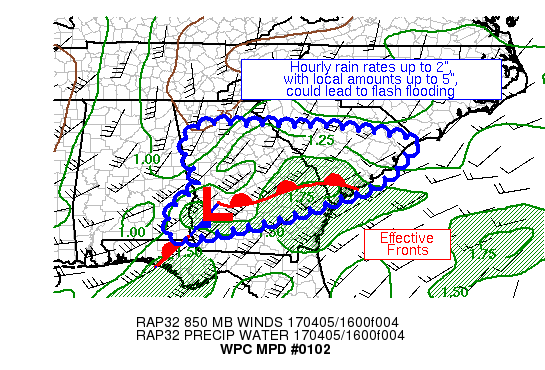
AREAS AFFECTED...SOUTHEAST AL, CENTRAL GA, CENTRAL & EASTERN SC

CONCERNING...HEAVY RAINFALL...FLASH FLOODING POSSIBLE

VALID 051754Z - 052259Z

SUMMARY...THUNDERSTORMS WITH HEAVY RAIN CONTINUE TO BLOSSOM ACROSS
THE SOUTHEAST.  HOURLY RAIN RATES TO 2", WITH ADDITIONAL AMOUNTS
OF 3-5", COULD LEAD TO FLASH FLOODING

DISCUSSION...CLOUD TOPS ARE COOLING/ EXPANDING WITH CONVECTION
MOVING THROUGH GA AND SC.  HEAVY RAIN CORES ARE SLOWLY INCREASING
IN NUMBER ACROSS THE REGION, PER RADAR IMAGERY, DUE TO TRAINING
BANDS.  A TORNADIC CELL APPEARS TO HAVE SPAWNED A MESOSCALE WAVE
NEAR PLAINS GA, WITH A TRAILING BOUNDARY DIVIDING SUNNY AREAS IN
THE WARM SECTOR OF AN OCCLUDED CYCLONE WITH CLOUDY AREAS FARTHER
WEST.  IN THE WARM SECTOR, MLCAPES OF 2000-3000 J/KG LIE ACROSS
NORTH FL AND SOUTHERN GA.  INFLOW AT 850 HPA OF 30-50 KTS IS NOTED
IN REGIONAL VAD WIND PROFILES.  BEST GUESS AS TO THE PRECIPITABLE
WATER VALUES IN THE REGION IS 1.5-1.75".

WHILE THE MAIN HEAVY RAIN RISK APPEARS TO LIE NORTHEAST OF THE
INSTABILITY POOL ACROSS EASTERN GA AND SC, A TRAILING BAND OF
THUNDERSTORMS ACROSS EXTREME SOUTHEAST AL AND SOUTHWEST GA HAS
BEEN LEADING TO HEAVY RAINFALL AS WELL.  THE AVAILABLE MOISTURE
AND INSTABILITY SUPPORT HOURLY RAIN RATES TO 2", WITH LOCAL
AMOUNTS OF 3-5" ANTICIPATED.  MOST OF THE GUIDANCE THAT
INITIALIZED GPS PRECIPITABLE WATER VALUES WAS USELESS IN THIS
REGION; A SOUTHWARD ADJUSTED 12Z GFS/12Z CANADIAN REGION MODEL
APPEARS BEST HERE PATTERN-WISE.